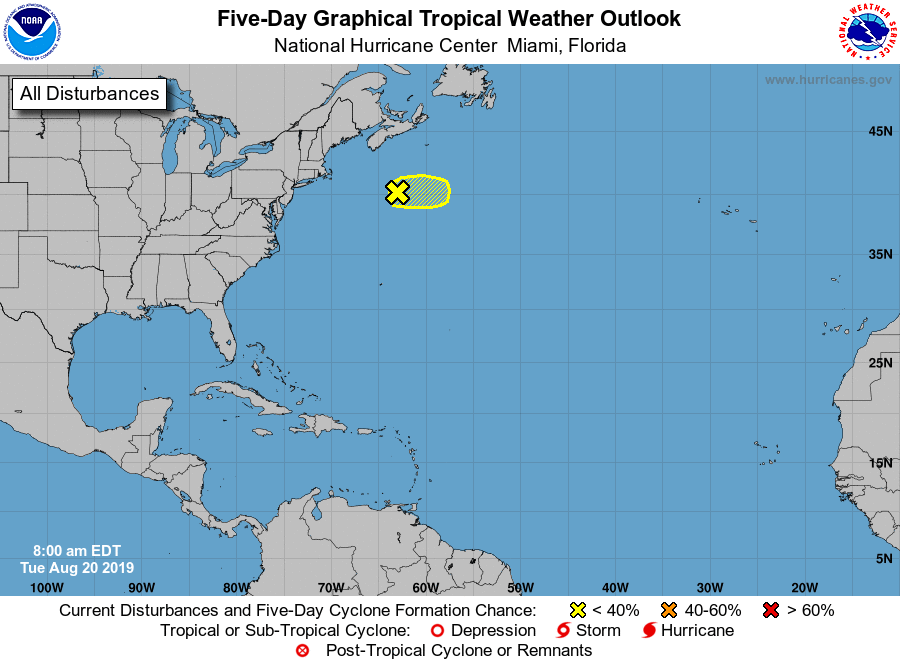
For the North Atlantic...Caribbean Sea and the Gulf of Mexico:

1. A low pressure system located more than 300 miles south of Halifax, Nova Scotia, continues to produce an area of thunderstorms east of the center. Significant development of this low is unlikely as it moves eastward at 15 to 20 mph, away from the United States and Canada. Additional information on this system can be found in High Seas Forecasts issued by the National Weather Service, under AWIPS header NFDHSFAT1, WMO header FZNT01 KWBC, and online at ocean.weather.gov/shtml/NFDHSFAT1.php .
* Formation chance through 48 hours...low...10 percent.
* Formation chance through 5 days...low...10 percent.

Forecaster Beven